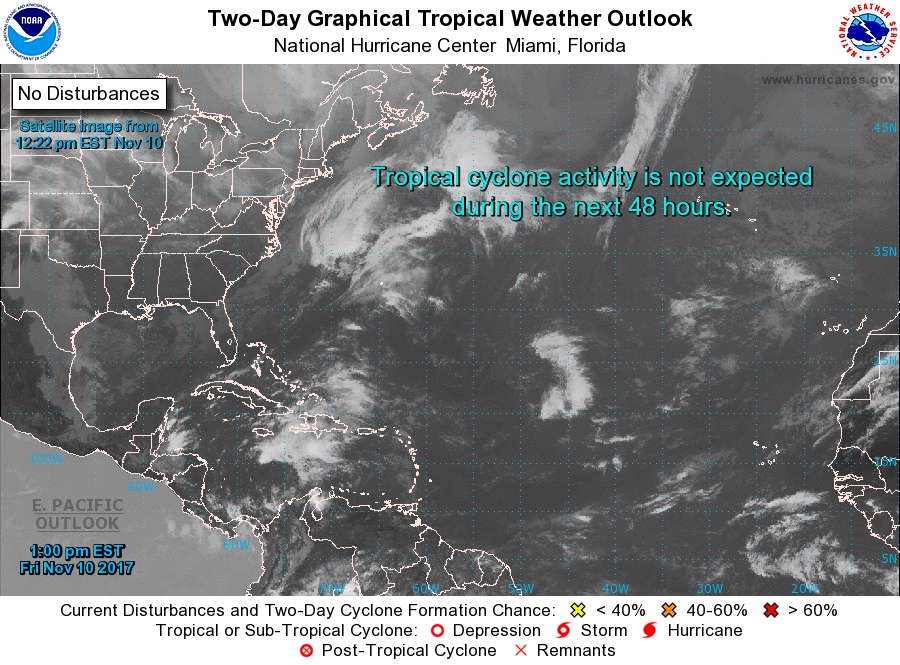
For the North Atlantic...Caribbean Sea and the Gulf of Mexico:

Tropical cyclone formation is not expected during the next 5 days.

Forecaster Beven